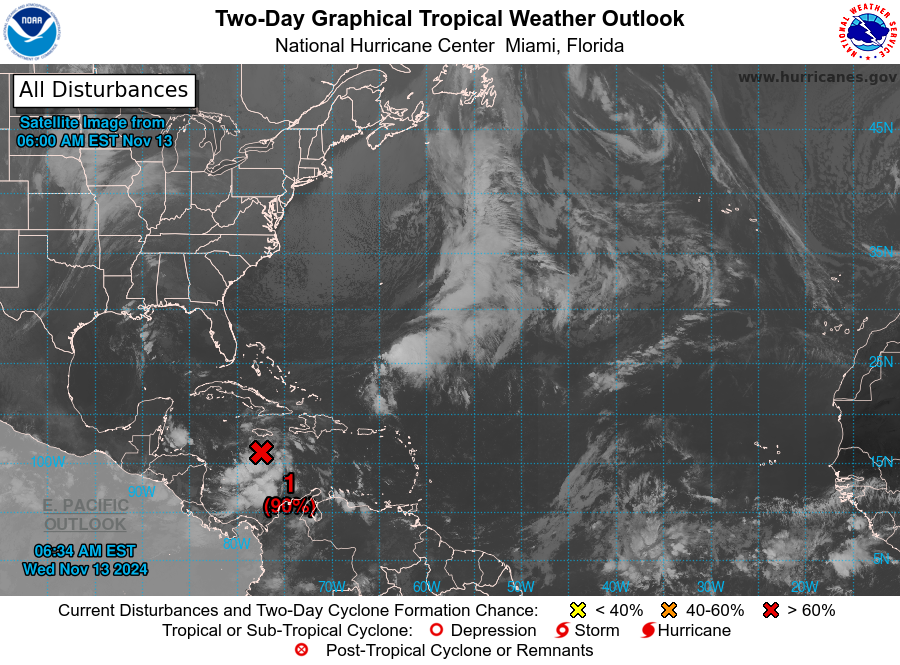
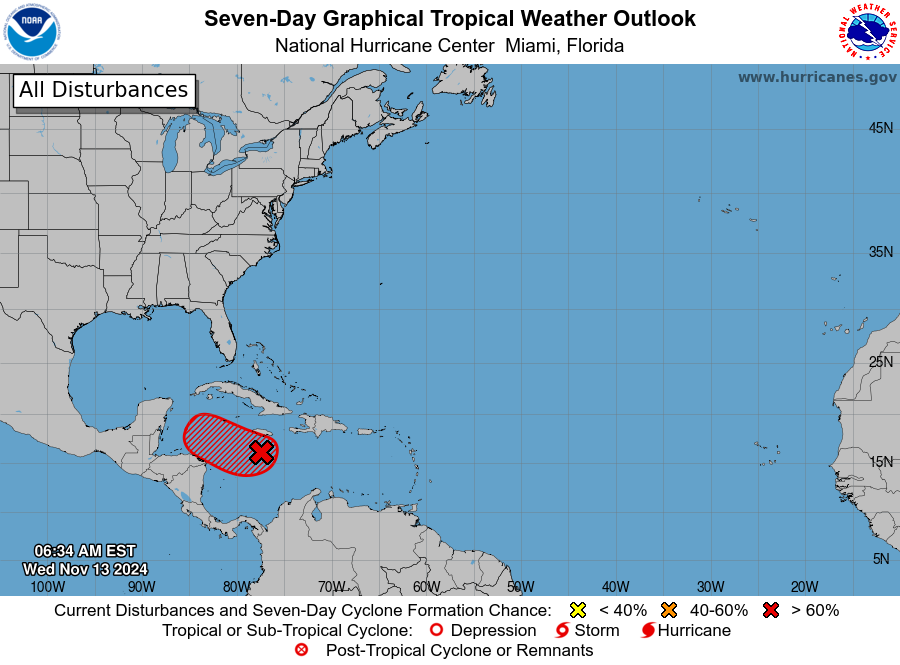
For the North Atlantic...Caribbean Sea and the Gulf of Mexico:

1. Central and Western Caribbean Sea (AL99): A broad area of low pressure over the central Caribbean Sea continues to produce a large area of showers and thunderstorms. Environmental conditions are conducive for development, and a tropical depression is likely to form within the next couple of days while the system moves slowly westward into the western Caribbean Sea. Afterward, further development is likely while the disturbance meanders over the western Caribbean Sea through the weekend. The system is expected to turn slowly northwestward by early next week. Interests across the western and northwestern Caribbean Sea should monitor the progress of this system. Regardless of development, heavy rains are expected over Jamaica during the next day or so.
* Formation chance through 48 hours...high...90 percent.
* Formation chance through 7 days...high...90 percent.

Forecaster Kelly